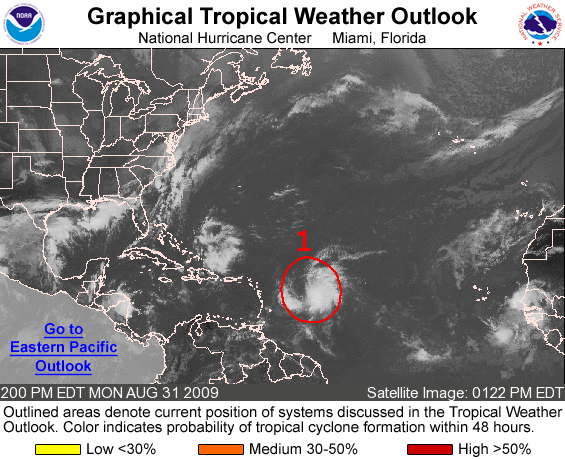
FOR THE NORTH ATLANTIC...CARIBBEAN SEA AND THE GULF OF MEXICO...

1. SHOWERS AND THUNDERSTORMS ASSOCIATED WITH A BROAD AREA OF LOW PRESSURE LOCATED ABOUT 500 MILES EAST OF THE LESSER ANTILLES CONTINUE TO SHOW SIGNS OF ORGANIZATION...HOWEVER THERE IS NO WELL-DEFINED SURFACE CIRCULATION CENTER. CONDITIONS ARE MARGINALLY FAVORABLE FOR THIS SYSTEM TO BECOME A TROPICAL DEPRESSION DURING THE NEXT DAY OR SO AS IT MOVES WEST-NORTHWESTWARD AT AROUND 15 MPH. THERE IS A HIGH CHANCE...GREATER THAN 50 PERCENT...OF TROPICAL CYCLONE FORMATION IN THIS AREA DURING THE NEXT 48 HOURS. INTERESTS IN THE LESSER ANTILLES SHOULD MONITOR THE PROGRESS OF THIS SYSTEM.

ELSEWHERE...TROPICAL CYCLONE FORMATION IS NOT EXPECTED DURING THE NEXT 48 HOURS.

FORECASTER PASCH